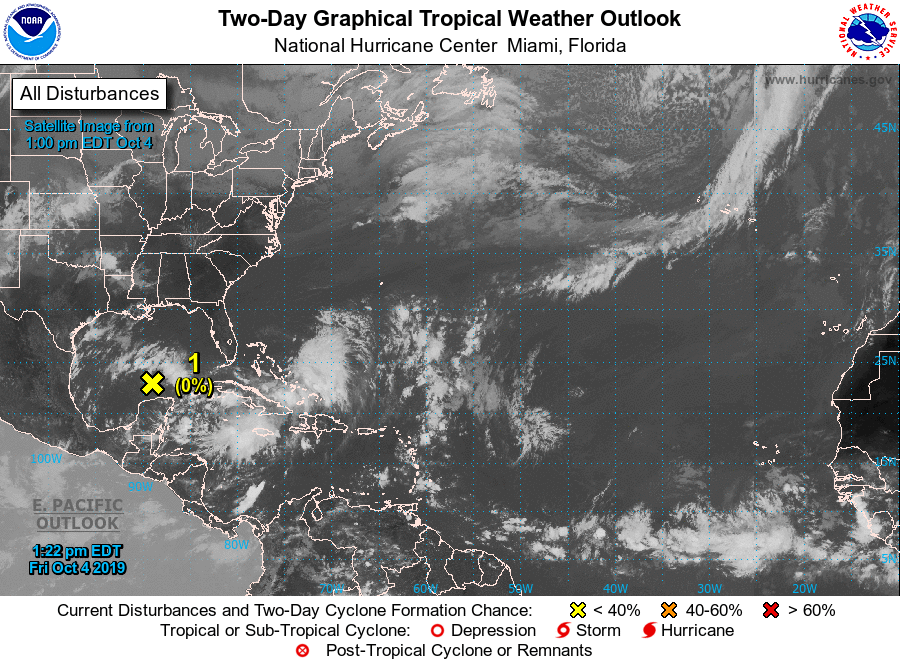
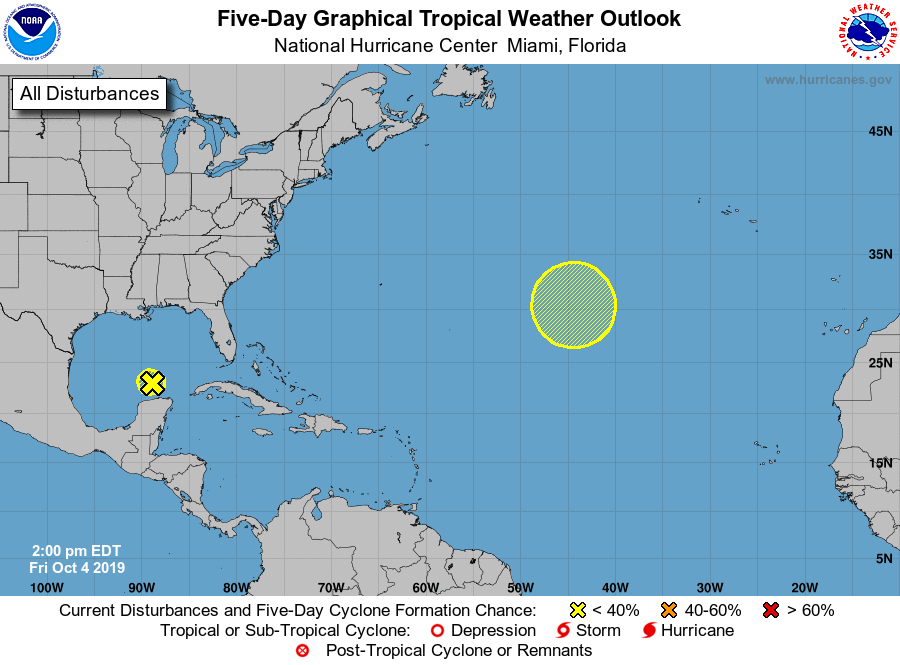
For the North Atlantic...Caribbean Sea and the Gulf of Mexico:

1. A broad area of low pressure located just north of the Yucatan peninsula appears to be degenerating into a broad trough of low pressure. The shower activity associated with this system remains limited, and development is not anticipated while it moves over the Bay of Campeche during the next day or two.
* Formation chance through 48 hours...low...near 0 percent.
* Formation chance through 5 days...low...near 0 percent.

2. A low pressure system is forecast to form in the North Atlantic between Bermuda and the Azores by the middle of next week. This system will be monitored for signs of tropical or subtropical development while it moves slowly westward.
* Formation chance through 48 hours...low...near 0 percent.
* Formation chance through 5 days...low...20 percent.

Forecaster Avila